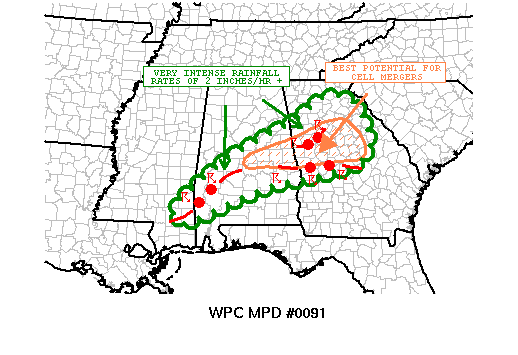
AREAS AFFECTED...SSOUTHEAST MS...CENTRAL AL...CENTRAL AND NORTHERN
GA

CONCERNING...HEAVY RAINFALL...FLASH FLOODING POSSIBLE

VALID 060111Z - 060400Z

SUMMARY...SLOW-MOVING CONVECTION WITH INTENSE RAINFALL RATES ALONG
WITH CELL-MERGERS WILL FOSTER SOME POTENTIAL FOR FLASH FLOODING
THE NEXT COUPLE OF HOURS.

DISCUSSION...LATEST IR SAT IMAGERY SHOWS SEVERAL COLD-TOPPED
CONVECTIVE CLUSTERS ORIENTED FROM SRN MS NEWD ACROSS CNTRL AL AND
INTO CNTRL AND NRN GA. THE ACTIVITY IS BEING SIGNIFICANTLY AIDED
BY A VERY MOIST COLUMN WITH GOES-SOUNDER BASED PWATS OF 1.6 TO 1.8
INCHES AND LINGERING SFC-BASED INSTABILITY ASSOCD WITH THE DAYTIME
HEATING. SBCAPE VALUES ARE BEGINNING TO LOWER BUT ARE STILL
LOCALLY OVER 1000 J/KG FROM SERN MS NEWD INTO N CNTRL GA.
EXPECTING THE CONVECTION TO CONTINUE OVER THE NEXT 2 TO 3 HOURS
WITH A GRADUAL WEAKENING TREND DUE TO AN INCREASE IN SBCIN.
HOWEVER...THERE WILL BE MULTIPLE CELL MERGERS OCCURRING OVER THE
THREAT AREA OVER THE NEXT 1 TO 2 HOURS...AND THIS SHOULD SUPPORT
SOME VERY INTENSE RAINFALL RATES WHICH COULD EXCEED 2 INCHES/HR.
THIS COUPLED WITH THE SLOW MOVEMENT WILL FOSTER A LOCALLY ENHANCED
THREAT FOR FLASH FLOODING.